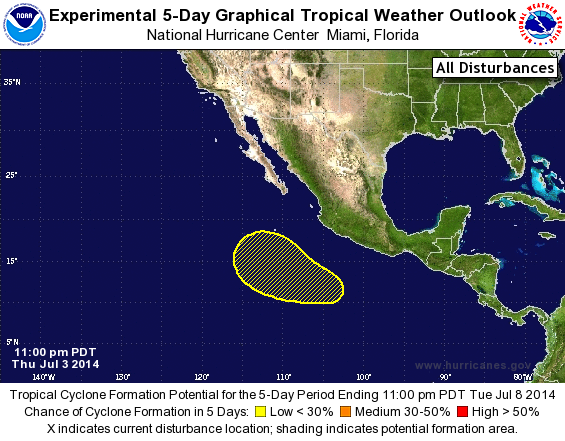
For the eastern North Pacific...east of 140 degrees west longitude:

The National Hurricane Center is issuing advisories on Tropical Depression Douglas, located several hundred miles west-southwest of the southern tip of the Baja California peninsula of Mexico.

1. A low pressure area could form well to the south of southwestern Mexico by early next week, and some gradual development of this system is possible thereafter while it moves west-northwestward.
* Formation chance through 48 hours...low...near 0 percent.
* Formation chance through 5 days...low...20 percent.

Forecaster Avila